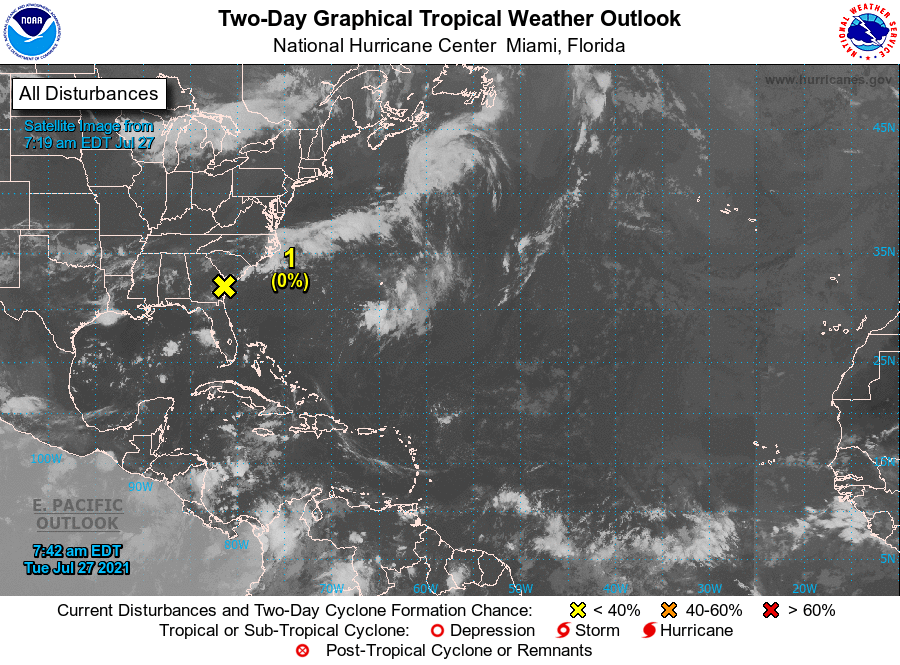
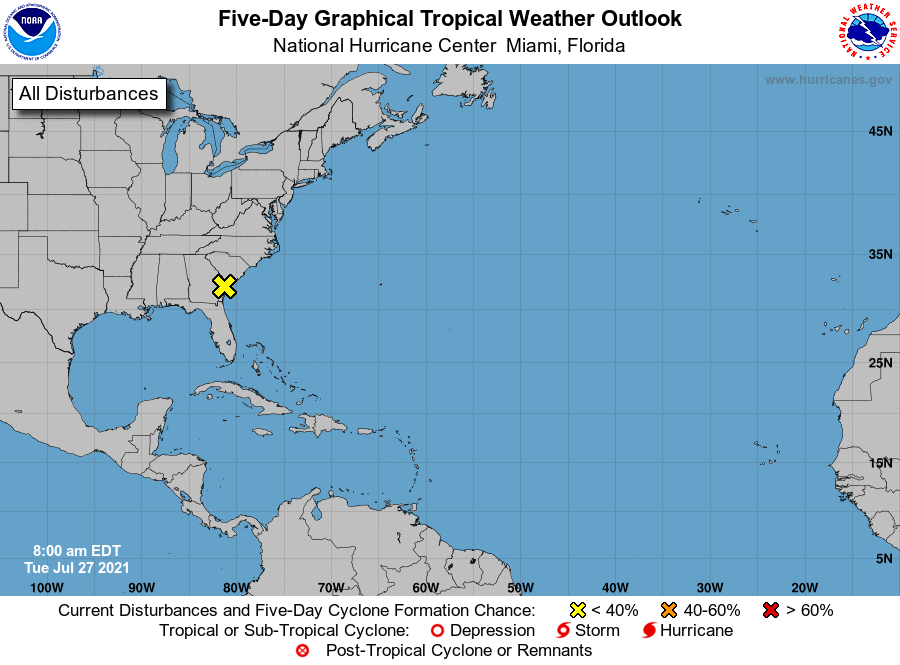
For the North Atlantic...Caribbean Sea and the Gulf of Mexico:

1. The remnants of a weak low pressure area that moved inland along the Georgia coastline last night are located just inland near the Georgia/South Carolina border and are producing a few showers and thunderstorms. Significant redevelopment of this system is not expected.
* Formation chance through 48 hours...low...near 0 percent.
* Formation chance through 5 days...low...near 0 percent.

Forecaster Pasch